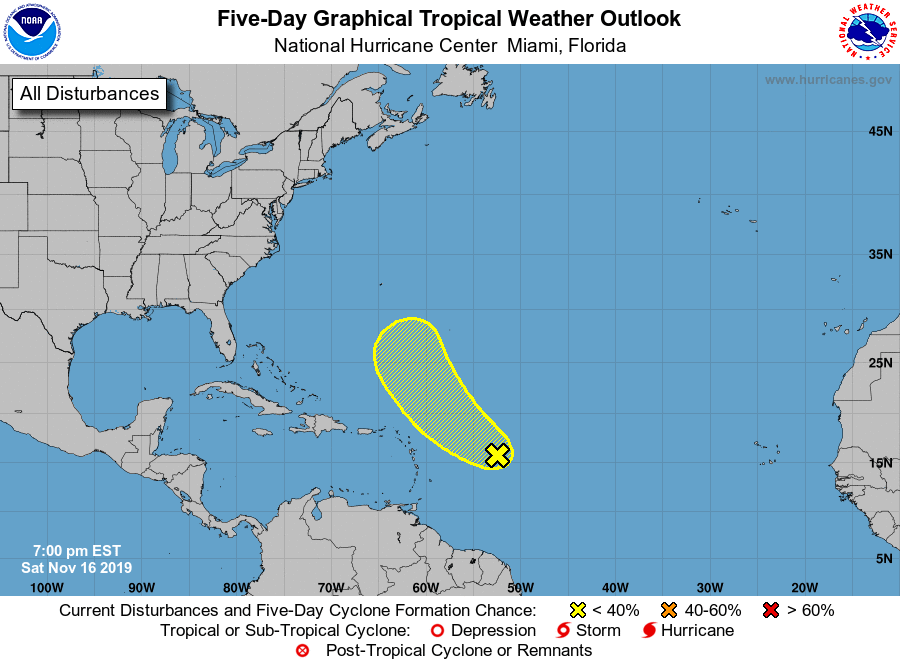
For the North Atlantic...Caribbean Sea and the Gulf of Mexico:

1. A large area of disorganized showers and thunderstorms located over the central Atlantic Ocean several hundred miles east of the northern Leeward Islands is associated with an upper-level low and surface trough. Some slow development of this system is possible during the next few days while it moves northwestward and then northward over the open Atlantic. The disturbance is forecast to merge with a frontal system late next week and further development is not expected after that time.
* Formation chance through 48 hours...low...10 percent.
* Formation chance through 5 days...low...20 percent.

Forecaster Cangialosi